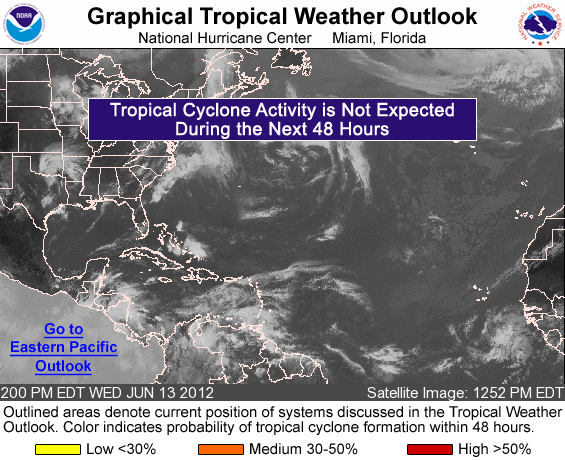
FOR THE NORTH ATLANTIC...CARIBBEAN SEA AND THE GULF OF MEXICO...

TROPICAL CYCLONE FORMATION IS NOT EXPECTED DURING THE NEXT 48 HOURS.

FORECASTER BEVEN